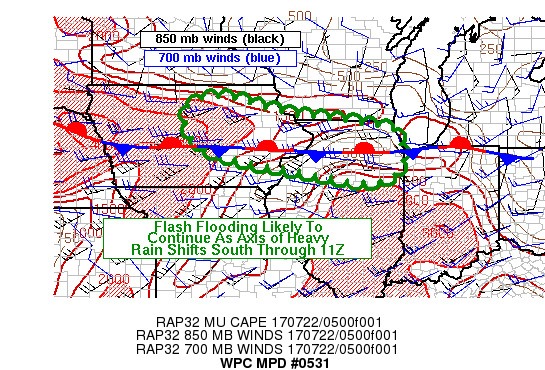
AREAS AFFECTED...ERN IA INTO NRN IL

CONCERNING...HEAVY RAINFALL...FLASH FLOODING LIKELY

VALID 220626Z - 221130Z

SUMMARY...ALTHOUGH THE ONGOING HEAVY RAIN AXIS IS EXPECTED TO
SHIFT SOUTH...A SIGNIFICANT FLASH FLOOD THREAT WILL CONTINUE FOR
PORTIONS OF ERN IA INTO NRN IL THROUGH 11Z. MAXIMUM ADDITIONAL
RAINFALL OF 3-5 INCHES IS EXPECTED.

DISCUSSION...AN ONGOING AXIS OF TRAINING HEAVY RAIN...EXTENDING
FROM NERN IA INTO NRN IL AS OF 06Z...HAS BEGUN TO ADJUST SOUTH
OVER THE PAST HOUR. THE REGENERATION POINT OVER N-CNTRL IA WAS
NOTED IN REGIONAL RADAR IMAGERY TO BE PUSHING SOUTH FROM HANCOCK
INTO WRIGHT COUNTY BETWEEN 05Z AND 06Z. VEERING OF THE 700 MB FLOW
NOTED IN THE KARX VAD WIND PLOT IS REPRESENTATIVE OF AN
APPROACHING 700 MB TROUGH AXIS AND INFUSION OF DRIER AIR FROM THE
NORTH...NOTED BETWEEN PWATS OF ROUGHLY 2 INCHES OVER IA AND NEARER
TO 1.6 INCHES OVER SERN MN VIA RECENT GPS SITE VALUES.

ONGOING STRONG 850 MB CONVERGENCE HAS BEEN NOTED ALONG THE HEAVY
RAINFALL AXIS BUT CONVERGENCE IS FORECAST TO SUBSIDE VIA THE RAP
BETWEEN 08-09Z WHEN THE AXIS IS FORECAST TO EXTEND FROM E-CNTRL IA
INTO NRN IL. NONETHELESS...A POOL OF HIGH CAPE REMAINS OVER CNTRL
IA WITH 2000-3000 J/KG MUCAPE ESTIMATED VIA THE LATEST SPC
MESOANALYSIS PAGE AND 35-45 KT 850-700 MB WLY FLOW AMID PWATS NEAR
2 INCHES FEEDING INTO THE CLUSTER OF ONGOING CONVECTION.

THE ONGOING AXIS OF HEAVY RAINFALL IS EXPECTED TO BROADEN A BIT
OVER THE NEXT 2-3 HOURS AND BECOME LESS FOCUSED...HOWEVER HEAVY
RAINFALL WILL CONTINUE TO TRAIN WITH MEAN FLOW PARALLEL TO A
STATIONARY BOUNDARY EXTENDING WEST TO EAST THROUGH IA AND NRN IL.
RAINFALL RATES OF GENERALLY 1-2 IN/HR BUT LOCALLY AS HIGH AS 3
IN/HR WILL MOVE INTO PORTIONS OF E-CNTRL IA AND NRN IL THROUGH THE
MORNING HOURS. GIVEN ANTECEDENT WET GROUND...ESPECIALLY OVER NRN
IL... RUNOFF/FLASH FLOODING APPEARS LIKELY...SOME OF WHICH COULD
BE SIGNIFICANT.